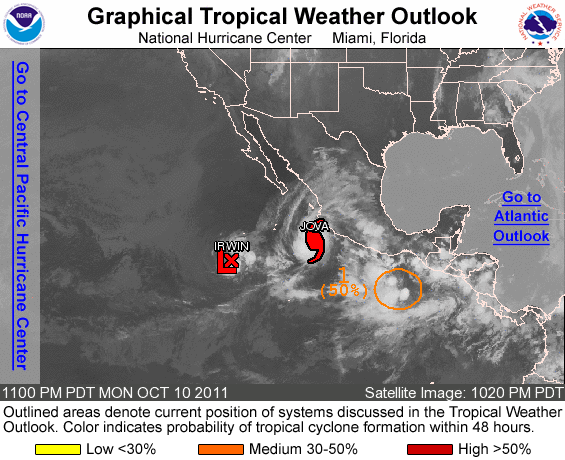
FOR THE EASTERN NORTH PACIFIC...EAST OF 140 DEGREES WEST LONGITUDE..

THE NATIONAL HURRICANE CENTER IS ISSUING ADVISORIES ON HURRICANE JOVA...LOCATED ABOUT 155 MILES SOUTHWEST OF MANZANILLO MEXICO...AND ON TROPICAL DEPRESSION IRWIN...LOCATED ABOUT 690 MILES SOUTHWEST OF THE SOUTHERN TIP OF BAJA CALIFORNIA.

1. SHOWER AND THUNDERSTORM ACTIVITY ASSOCIATED WITH A LOW PRESSURE SYSTEM LOCATED ABOUT 300 MILES SOUTH OF THE GULF OF TEHUANTEPEC HAS CHANGED LITTLE AND REMAINS SEPARATED FROM THE CENTER OF CIRCULATION. UPPER-LEVEL WINDS...HOWEVER...COULD BECOME A LITTLE MORE CONDUCIVE FOR DEVELOPMENT OVER THE NEXT COUPLE OF DAYS AS THE LOW MOVES GENERALLY NORTHWARD AT 5 TO 10 MPH. THIS SYSTEM HAS A MEDIUM CHANCE...50 PERCENT...OF BECOMING A TROPICAL CYCLONE DURING THE NEXT 48 HOURS. INTERESTS ALONG THE PACIFIC COASTS OF SOUTHEASTERN MEXICO...GUATEMALA...EL SALVADOR...HONDURAS...AND NICARAGUA SHOULD MONITOR THE PROGRESS OF THIS DISTURBANCE.

ELSEWHERE...TROPICAL CYCLONE FORMATION IS NOT EXPECTED DURING THE NEXT 48 HOURS.

FORECASTER ROBERTS/BROWN